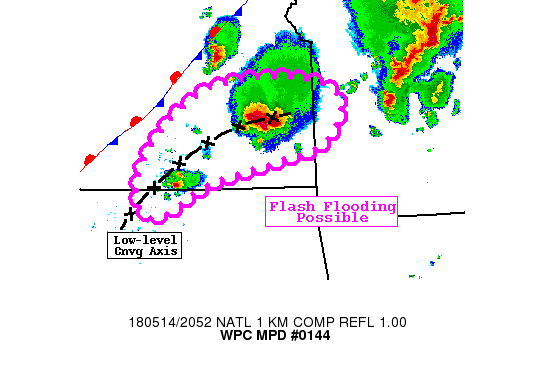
AREAS AFFECTED...SOUTHEAST KANSAS

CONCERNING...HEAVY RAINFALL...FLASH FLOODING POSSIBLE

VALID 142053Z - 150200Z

SUMMARY...PERSISTENT THUNDERSTORMS LATE THIS AFTERNOON AND EARLY
THIS EVENING MAY LEAD TO FLASH FLOODING. RAIN RATES OF 1-2 IN/HR
WILL BE LIKELY WITH LOCALIZED RAINFALL POSSIBLY IN EXCESS OF 4
INCHES.

DISCUSSION...A CONVECTIVE CLUSTER HAS CONTINUED TO MAINTAIN ITS
STRENGTH AND ORGANIZATION WHILE REMAINING RELATIVELY STATIONARY
FROM NORTHERN GREENWOOD COUNTY KS...TO NEAR THE ANDERSON-ALLEN
COUNTY (KS) BORDER. MRMS RAIN RATE ESTIMATES ARE NOW AS HIGH AS 2
IN/HR...AND THE CLUSTER WHICH PREVIOUSLY FEATURED GAPS BETWEEN
INDIVIDUAL CONVECTIVE CELLS HAS CONSOLIDATED BETWEEN 20Z AND 21Z.
THE MORE CONTINUOUS AREA OF REFLECTIVITY NEAR OR ABOVE 50 DBZ
SHOULD LEAD TO HEAVY RAINFALL FOR MORE THAN AN HOUR...PARTICULARLY
NEAR THE CENTER OF THE CLUSTER (NEAR NEOSHO FALLS KS AS OF 2045Z).
THEREFORE...A NEAR-TERM FLASH FLOOD THREAT APPEARS TO EXIST BASED
ON RECENT RADAR TRENDS ALONE.

THE CONVECTIVE CLUSTER IS SITUATED NEAR AN AXIS OF LOW-LEVEL
CONVERGENCE...EVIDENT IN THE SURFACE WIND OBSERVATIONS. THIS
CONVERGENCE ZONE IS EXPECTED TO REMAIN ACTIVE INTO THE EARLY
EVENING HOURS...WITH HI-RES MODELS SHOWING RENEWED CONVECTION NEAR
OR JUST UPSTREAM OF THE ONGOING CLUSTER AROUND 23-01Z...WITH
ADDITIONAL CONVECTION POSSIBLE SW ALONG THE BOUNDARY INTO
NORTH-CENTRAL OKLAHOMA. PRECIPITABLE WATER VALUES ESTIMATED BY THE
CIRA BLENDED TPW...AND MEASURED BY THE 17Z LAMONT OK
SOUNDING...ARE AROUND 1.5 INCHES...WHICH IS NEAR THE 90TH
PERCENTILE FOR MID MAY. THE AREA IS ALSO IN AN AREA OF DIFFLUENT
THICKNESS LINES...OFTEN A REGION FAVORED FOR FLASH FLOODING AND
POTENTIALLY REDUCED CELL MOTION. INDEED BACKBUILDING CORFIDI
VECTORS ARE ONLY AROUND 10 KNOTS AND THIS IS FURTHER SUPPORTED BY
RECENT RADAR TRENDS. THEREFORE FURTHER TRAINING APPEARS POSSIBLE
(MEAN WIND ALIGNED WITH CONVERGENCE ZONE) AND SLOW STORM MOTIONS
MAY INCREASE THE RESIDENCE TIME OF HEAVY RAIN. FLASH FLOODING IS
POSSIBLE IN THE REGION...AND MAY BECOME MORE LIKELY IF THE RENEWED
CONVECTIVE DEVELOPMENT CLOSER TO THE TIME OF THE EVENING INCREASE
IN THE LLJ OCCURS OVER AREAS THAT HAVE ALREADY EXPERIENCED HEAVY
RAINFALL.